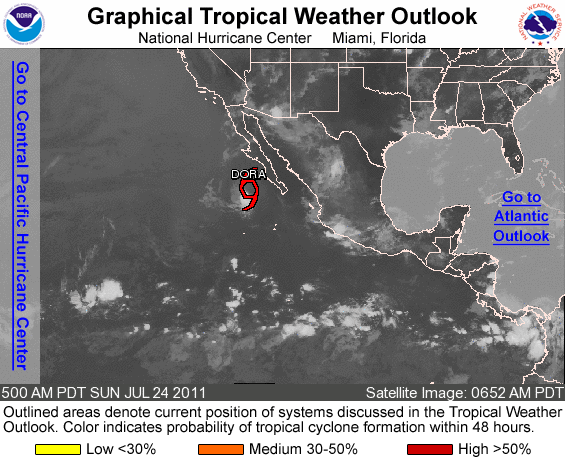
FOR THE EASTERN NORTH PACIFIC...EAST OF 140 DEGREES WEST LONGITUDE..

THE NATIONAL HURRICANE CENTER IS ISSUING ADVISORIES ON TROPICAL STORM DORA...LOCATED ABOUT 155 MILES SOUTHWEST OF CABO SAN LAZARO MEXICO.

ELSEWHERE...TROPICAL CYCLONE FORMATION IS NOT EXPECTED DURING THE NEXT 48 HOURS.

FORECASTER STEWART